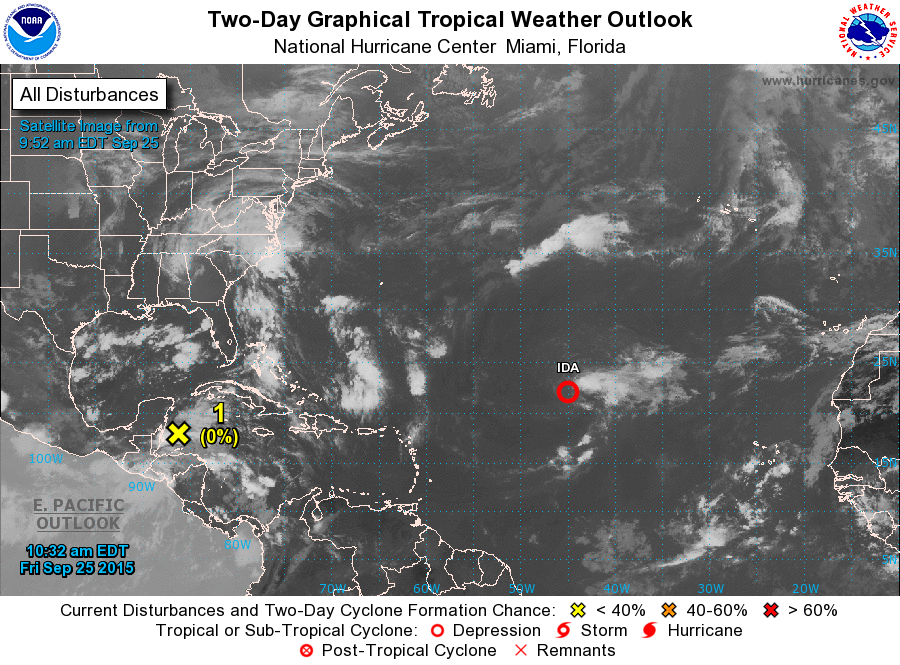
For the North Atlantic...Caribbean Sea and the Gulf of Mexico:

The National Hurricane Center is issuing advisories on Tropical Depression Ida, located a little more than 1000 miles east-northeast of the northern Leeward Islands.

1. A trough of low pressure is producing a large area of disorganized showers and thunderstorms over the northwestern Caribbean Sea and portions of Central America. Development is not expected during the next couple of days while this system moves northwestward across the Yucatan Peninsula. A surface low could form once the disturbance reaches the southern Gulf of Mexico in a few days, but environmental conditions are not particularly favorable for significant development early next week while the system moves northward over the Gulf of Mexico.
* Formation chance through 48 hours...low...near 0 percent
* Formation chance through 5 days...low...20 percent

Forecaster Avila